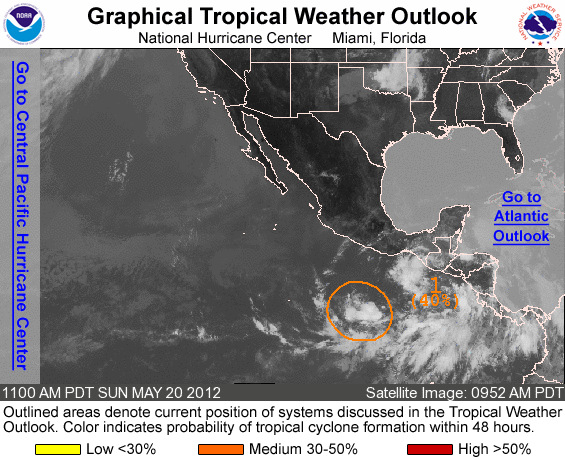
FOR THE EASTERN NORTH PACIFIC...EAST OF 140 DEGREES WEST LONGITUDE..

1. SHOWER AND THUNDERSTORM ACTIVITY ASSOCIATED WITH A BROAD AREA OF LOW PRESSURE LOCATED SEVERAL HUNDRED MILES SOUTH OF ACAPULCO MEXICO HAS CHANGED LITTLE IN ORGANIZATION OVER THE PAST SEVERAL HOURS. CONDITIONS APPEAR FAVORABLE FOR GRADUAL DEVELOPMENT OF THIS SYSTEM OVER THE NEXT COUPLE OF DAYS AS IT REMAINS NEARLY STATIONARY. THIS SYSTEM HAS A MEDIUM CHANCE...40 PERCENT...OF BECOMING A TROPICAL CYCLONE DURING THE NEXT 48 HOURS.

ELSEWHERE...TROPICAL CYCLONE FORMATION IS NOT EXPECTED DURING THE NEXT 48 HOURS.

FORECASTER PASCH